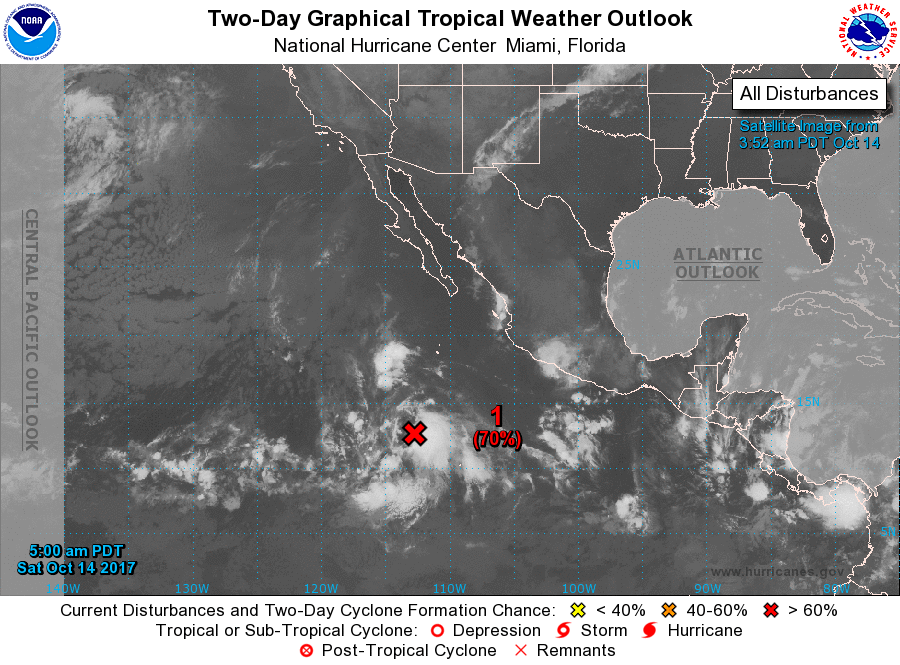
For the eastern North Pacific...east of 140 degrees west longitude:

1. Shower and thunderstorm activity associated with an area of low pressure centered about 700 miles south of the southern tip of the Baja California peninsula has increased over the past few hours. Environmental conditions are expected support additional development for the next few days, and a tropical depression is likely to form while the system moves toward the west-northwest at 10 to 15 mph.
* Formation chance through 48 hours...high...70 percent.
* Formation chance through 5 days...high...80 percent.

Forecaster Zelinsky